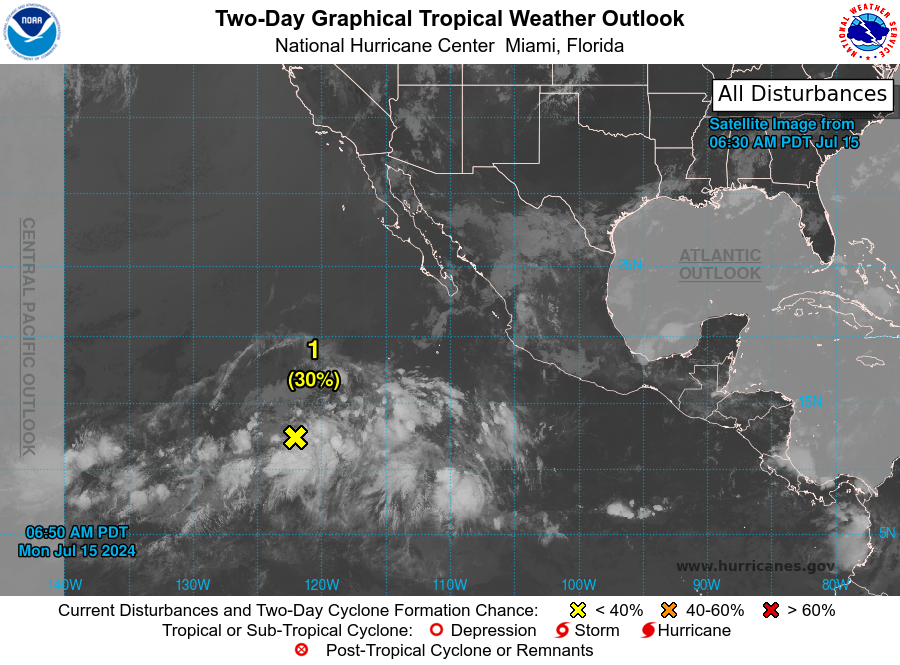
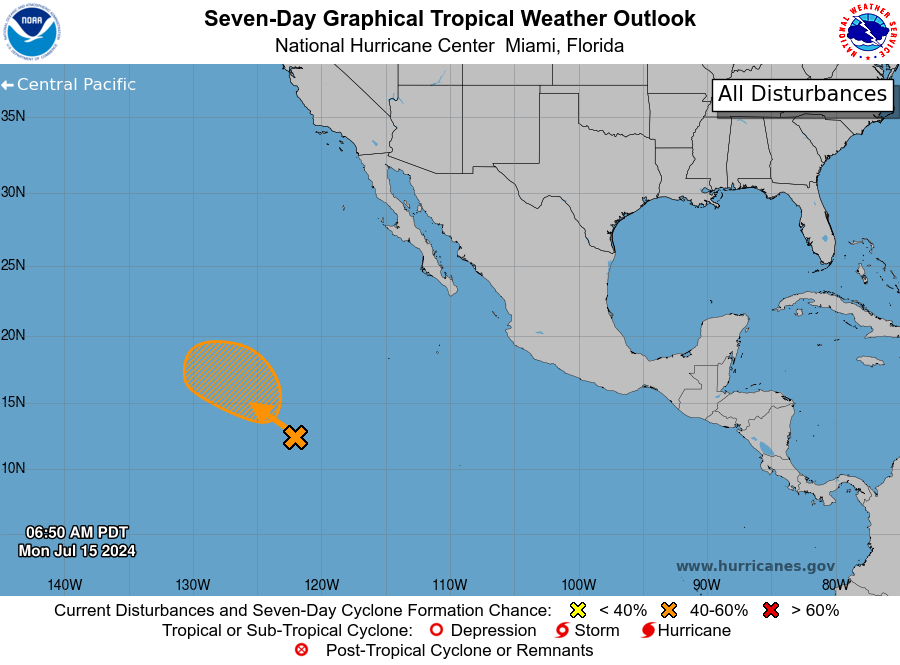
For the eastern North Pacific...east of 140 degrees west longitude:

1. Central and Western East Pacific: A tropical wave located several hundred miles southwest of the southern tip of the Baja California peninsula continues to produce a large area of showers and thunderstorms. Environmental conditions appear conducive for development in the next couple of days and a tropical depression could form mid- to late-week as the system moves west-northwestward at 10 to 15 mph across the central and western portion of the basin.
* Formation chance through 48 hours...low...30 percent.
* Formation chance through 7 days...medium...40 percent.

Forecaster Kelly